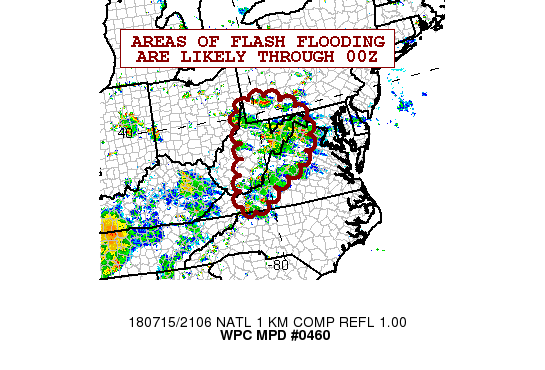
AREAS AFFECTED...SOUTHWEST PA...CENTRAL/EASTERN WV...WESTERN VA

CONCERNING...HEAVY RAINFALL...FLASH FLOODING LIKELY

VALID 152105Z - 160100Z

SUMMARY...SLOW-MOVING AND LOCALLY BACKBUILDING THUNDERSTORMS WILL
PROMOTE LOCALIZED FLASH FLOODING CONCERNS INTO THE EARLY EVENING
HOURS.

DISCUSSION...THE LATEST RADAR IMAGERY SHOWS NUMEROUS SHOWERS AND
THUNDERSTORMS IMPACTING THE CENTRAL APPALACHIANS WITH A FOCUS FROM
THE LAUREL HIGHLANDS OF SOUTHWEST PA AND SOUTH DOWN THE SPINE OF
ALLEGHENIES ACROSS WESTERN MD AND THROUGH CENTRAL WV. POCKETS OF
STRONG CONVECTION ARE ALSO NOTED EAST OF THE APPALACHIAN CREST AND
GENERALLY WEST OF THE BLUE RIDGE INVOLVING THE WV/MD PANHANDLES
AND ALSO ADJACENT AREAS OF FAR WESTERN VA.

THE CONVECTION IS FOCUSING NEAR A WEAK MID LEVEL SHEAR AXIS AND IS
BEING FURTHER AIDED BY OROGRAPHIC FORCING/TERRAIN CIRCULATIONS AND
MODERATE BUOYANCY COURTESY OF STRONG DIURNAL HEATING.
ADDITIONALLY...THE COLUMN IS QUITE MOIST WITH PWATS GENERALLY
AROUND 1.75 INCHES.

HEAVY RAINFALL RATES OF UP TO 2 INCHES/HR WILL BE EXPECTED THROUGH
THE AFTERNOON AND EARLY EVENING HOURS WHICH WILL LIKELY CAUSE SOME
AREAS OF FLASH FLOODING...AND ESPECIALLY WITH RATHER SLOW CELL
MOTIONS. STORM TOTALS OF AS MUCH AS 3 TO 4+ INCHES WILL BE
POSSIBLE THROUGH 00Z. EXPECT THE ACTIVITY TO BEGIN WEAKENING
THOUGH EARLY THIS EVENING AS INSTABILITY BECOMES INCREASINGLY
EXHAUSTED.